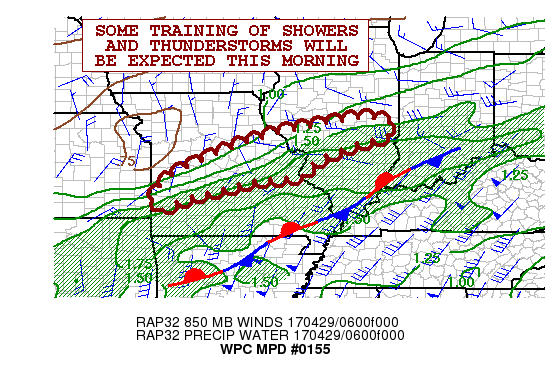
AREAS AFFECTED...CENTRAL MO...SOUTH -CENTRAL IL

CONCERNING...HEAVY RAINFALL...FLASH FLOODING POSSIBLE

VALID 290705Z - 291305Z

SUMMARY...HEAVY SHOWERS AND THUNDERSTORMS WILL BE EXPECTED THROUGH
EARLY THIS MORNING. SOME REPEATING CELLS WILL BE POSSIBLE AND MAY
CAUSE SOME FLASH FLOODING.

DISCUSSION...ELEVATED CONVECTION HAS BEEN GRADUALLY DEVELOPING
FARTHER NORTH UP ACROSS CENTRAL MO OVER THE LAST COUPLE OF HOURS
AND IS EXPECTED TO CONTINUE TO CONTINUE GAIN SOME LATITUDE OVER
THE NEXT FEW HOURS WHILE ALSO BECOMING A LITTLE MORE FOCUSED
FARTHER EAST OVER PARTS OF SOUTH-CENTRAL IL. THIS WILL BE
FACILITATED BY THE PERSISTENCE OF STRONG WARM ADVECTION PATTERN
OVER A WELL-DEFINED FRONTAL ZONE WHICH CONTINUES TO TRANSPORT
DEEPER MOISTURE AND INSTABILITY NORTHWARD.

THE HIRES GUIDANCE LED BY THE 04Z HRRRX RUN AND 00Z NSSL-WRF
SUPPORT AS MUCH AS 2 TO 3 INCHES OF RAIN ACROSS AREAS OF
SOUTH-CENTRAL MO THROUGH 12Z...BUT THERE WILL BE A FAVORABLE
ENVIRONMENT FOR SOME CELL-TRAINING WHICH MAY ENHANCE TOTALS A BIT
MORE. THE MORE ORGANIZED CONVECTION SHOULD TEND TO REMAIN FARTHER
SOUTH OVER SOUTHERN MO AND INTO FAR NORTHWEST AR WITH CLOSER
PROXIMITY TO THE FRONT AND THE BETTER INSTABILITY.

GIVEN THE EXPECTED AMOUNTS THROUGH THE EARLY MORNING HOURS...SOME
RUNOFF PROBLEMS AND ISOLATED POCKETS OF FLASH FLOODING WILL BE
POSSIBLE.